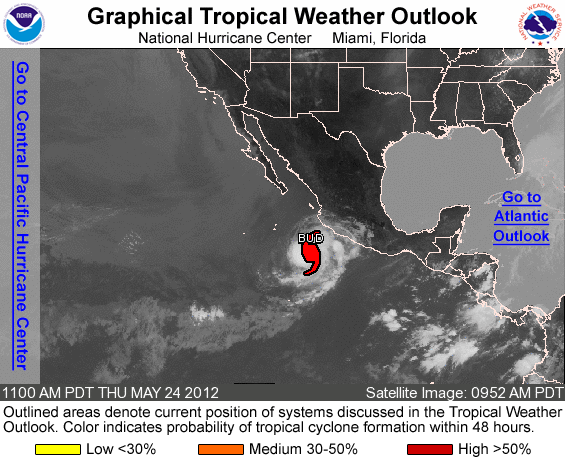
FOR THE EASTERN NORTH PACIFIC...EAST OF 140 DEGREES WEST LONGITUDE..

THE NATIONAL HURRICANE CENTER IS ISSUING ADVISORIES ON HURRICANE BUD...LOCATED ABOUT 250 MILES SOUTHWEST OF MANZANILLO MEXICO.

ELSEWHERE...TROPICAL CYCLONE FORMATION IS NOT EXPECTED DURING THE NEXT 48 HOURS.

FORECASTER BRENNAN